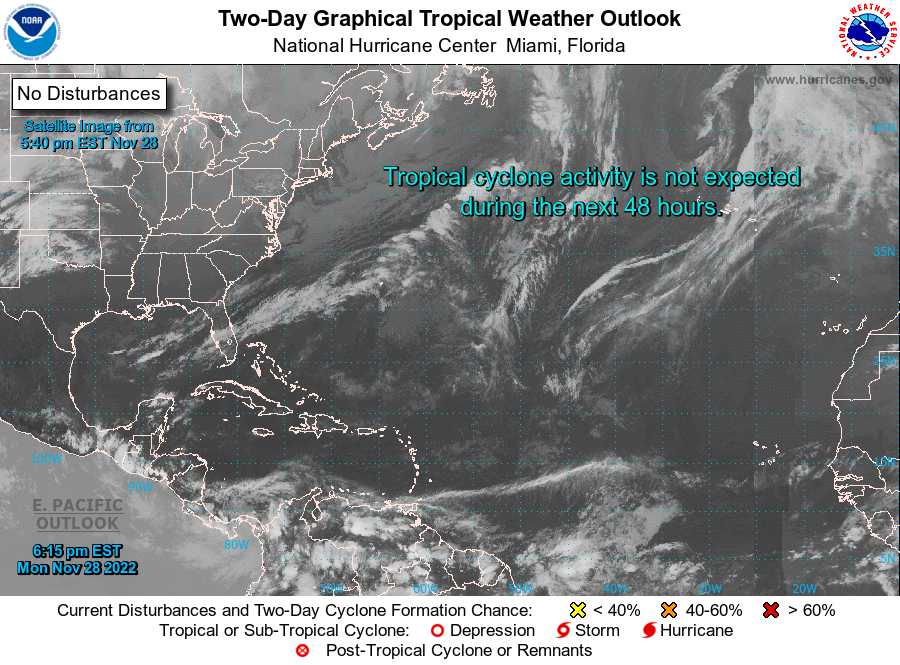
For the North Atlantic...Caribbean Sea and the Gulf of Mexico:

Tropical cyclone formation is not expected during the next 5 days.

Forecaster Brown